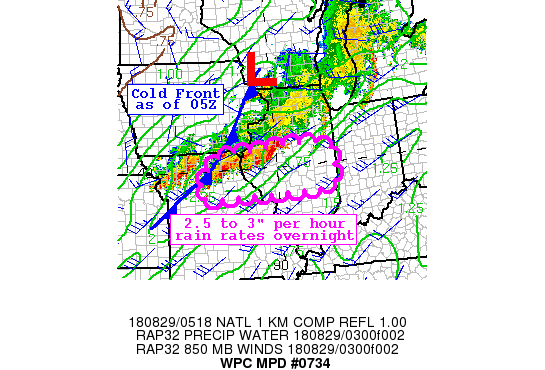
Areas affected...Northern Missouri through central Illinois

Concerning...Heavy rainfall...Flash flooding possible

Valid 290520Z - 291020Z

Summary...A convective cluster over northern Missouri and western
Illinois will move east ahead of a cold front. Repeating activity
will lead to quick local 2 to 3 inch rainfall and possible flash
flooding.

Discussion...This east-west oriented boundary will continue
progress east with a cold pool to the north and strong low level
flow veering from southerly at the sfc to southwesterly at 850mb.
Precipitable water up to 2.1 inches per GPS data is with this
activity corridor and 2000 J/Kg MUCAPE will continue to advect in
with the low level flow.

While Flash Flood Guidance values are relatively high (2 inches in
1 hr), one hour rain rates around 2 inches are seen over western
Illinois from the KILX. Given the orientation of the activity, the
duration of heaviest rain is likely to exceed an hour. Rainfall of
3-5" is likely across much of the highlighted swath.